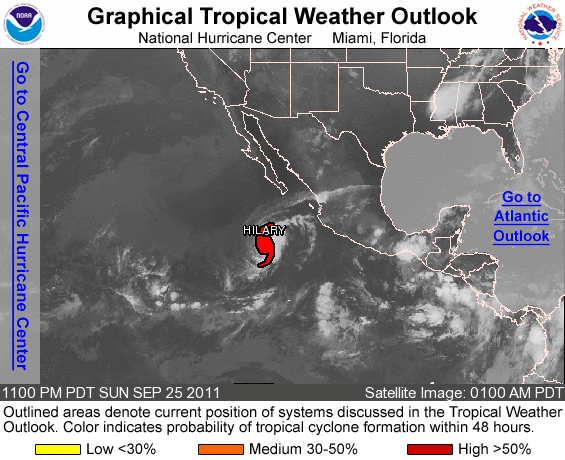
FOR THE EASTERN NORTH PACIFIC...EAST OF 140 DEGREES WEST LONGITUDE..

THE NATIONAL HURRICANE CENTER IS ISSUING ADVISORIES ON HURRICANE HILARY...LOCATED ABOUT 425 MILES SOUTH-SOUTHWEST OF THE SOUTHERN TIP OF BAJA CALIFORNIA.

ELSEWHERE...TROPICAL CYCLONE FORMATION IS NOT EXPECTED DURING THE NEXT 48 HOURS.

FORECASTER KIMBERLAIN